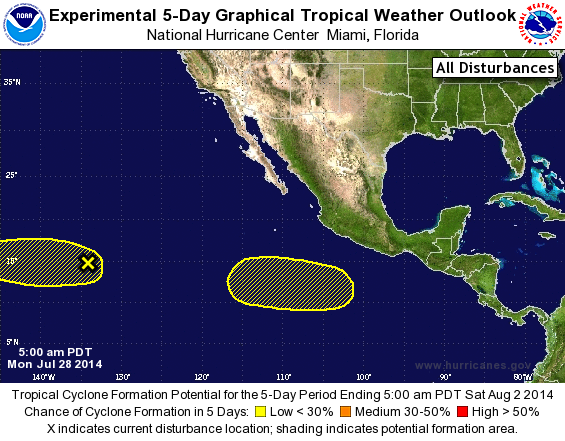
For the eastern North Pacific...east of 140 degrees west longitude:

The National Hurricane Center is issuing advisories on Hurricane Hernan, located a few hundred miles west-southwest of the southern tip of the Baja California peninsula.

1. An area of low pressure located about 1400 miles east of the Big Island of Hawaii is producing limited shower activity. Environmental conditions are expected to remain unfavorable for significant development of this system during the next several days as it moves westward at about 10 mph.
* Formation chance through 48 hours...low...10 percent.
* Formation chance through 5 days...low...10 percent.

2. An area of low pressure could form well south or southwest of southern Mexico later this week. Some gradual development of this system is possible after that time as the system moves generally west-northwestward.
* Formation chance through 48 hours...low...near 0 percent.
* Formation chance through 5 days...low...20 percent.

Forecaster Roberts